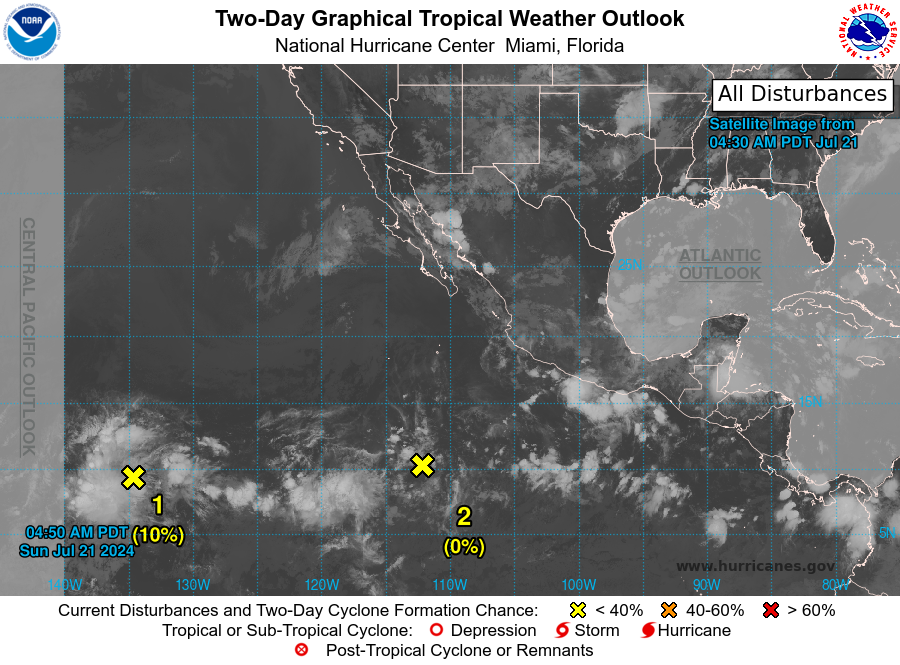
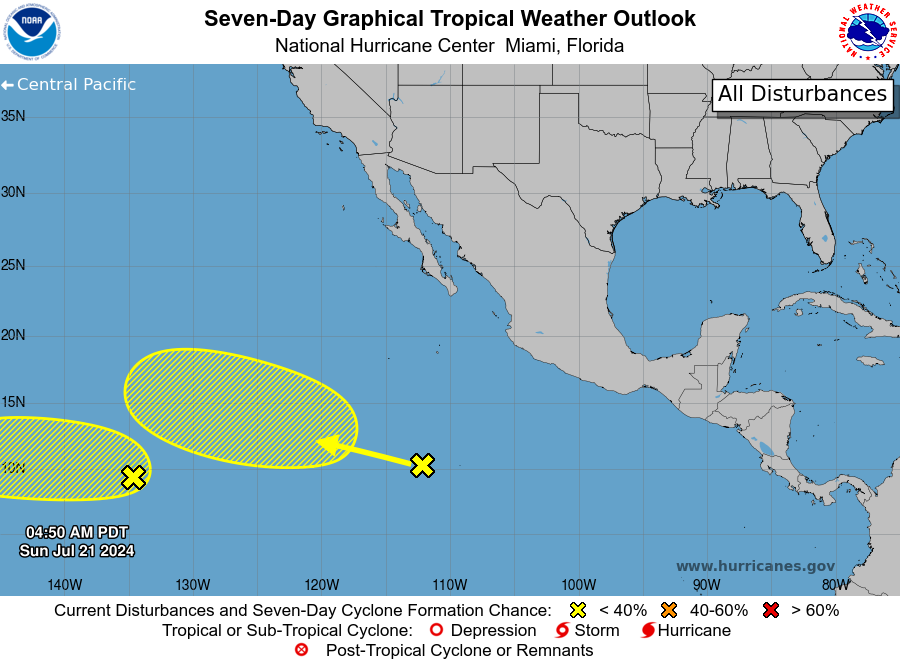
For the eastern North Pacific...east of 140 degrees west longitude:

1. Western East Pacific: A large area of disorganized showers and thunderstorms located over the far western portion of the eastern Pacific is associated with a broad area of low pressure. Environmental conditions are forecast to be marginally conducive for some gradual development during the next couple of days while the system moves westward at 10 to 15 mph toward the central Pacific basin. By midweek, stronger upper-level winds are expected to inhibit further development.
* Formation chance through 48 hours...low...10 percent.
* Formation chance through 7 days...low...20 percent.

2. Central and Western East Pacific: A tropical wave located well to the south-southwest of the southern tip of the Baja California Peninsula is producing disorganized showers and thunderstorms. Environmental conditions appear conducive for some gradual development of this system over the next several days while it moves westward to west-northwestward at 10 to 15 mph across the central and western portions of the basin.
* Formation chance through 48 hours...low...near 0 percent.
* Formation chance through 7 days...low...30 percent.

Forecaster Brown